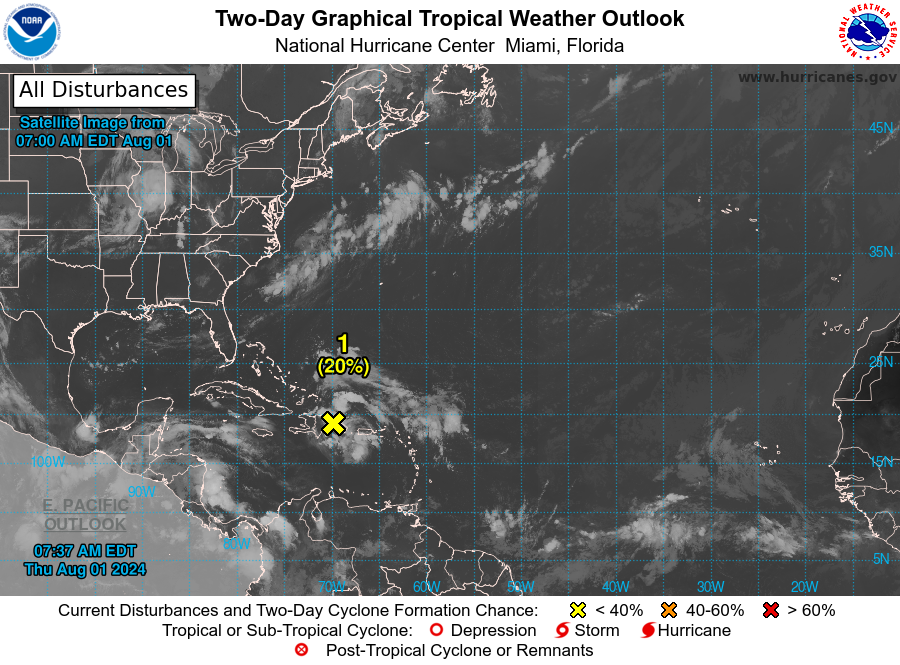
For the North Atlantic...Caribbean Sea and the Gulf of Mexico:

1. Southwestern Atlantic and Eastern Gulf of Mexico: A well-defined tropical wave is producing a large area of disorganized showers and thunderstorms over Hispaniola, Puerto Rico, the Virgin Islands, and the adjacent waters of the southwestern Atlantic and northeastern Caribbean Sea. Development of this system should be slow to occur during the next couple of days while it moves west-northwestward over portions of the Greater Antilles. However, environmental conditions are forecast to be more conducive for development after the wave passes the Greater Antilles, and a tropical depression could form this weekend or early next week over the eastern Gulf of Mexico or near the Florida Peninsula. Interests across the Greater Antilles, the Bahamas, and Florida should continue to monitor the progress of this system.
* Formation chance through 48 hours...low...20 percent.
* Formation chance through 7 days...medium...60 percent.

Forecaster Beven